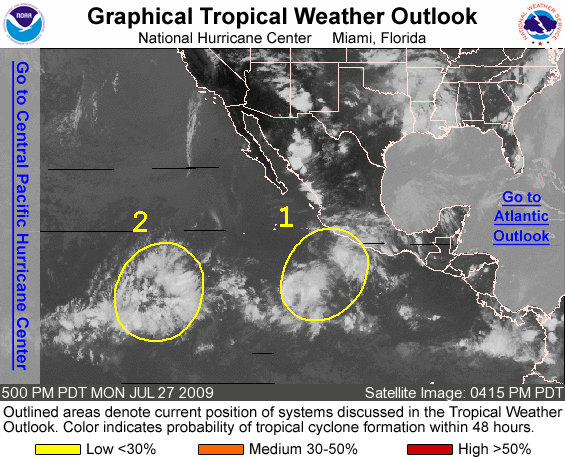
FOR THE EASTERN NORTH PACIFIC...EAST OF 140 DEGREES WEST LONGITUDE..

1. AN AREA OF DISTURBED WEATHER ASSOCIATED WITH A TROPICAL WAVE IS LOCATED SEVERAL HUNDRED MILES SOUTH AND SOUTH-SOUTHWEST OF MANZANILLO MEXICO. THE SHOWER AND THUNDERSTORM ACTIVITY HAS BECOME SEPARATED INTO TWO DISTINCT CLUSTERS...AND DEVELOPMENT...IF ANY... SHOULD BE SLOW TO OCCUR AS THE SYSTEM MOVES WEST TO WEST- NORTHWESTWARD AROUND 10 MPH. THERE IS A LOW CHANCE...LESS THAN 30 PERCENT...OF THIS SYSTEM BECOMING A TROPICAL CYCLONE DURING THE NEXT 48 HOURS.

2. A SECOND AREA OF DISTURBED WEATHER LOCATED ABOUT 1300 MILES SOUTHWEST OF THE SOUTHERN TIP OF BAJA CALIFORNIA HAS CHANGED LITTLE IN ORGANIZATION DURING THE AFTERNOON. DEVELOPMENT OF THIS SYSTEM...IF ANY...IS ALSO EXPECTED TO BE SLOW TO OCCUR AS IT MOVES WESTWARD AROUND 10 TO 15 MPH. THERE IS A LOW CHANCE...LESS THAN 30 PERCENT...OF THIS SYSTEM BECOMING A TROPICAL CYCLONE DURING THE NEXT 48 HOURS.

ELSEWHERE...TROPICAL CYCLONE FORMATION IS NOT EXPECTED DURING THE NEXT 48 HOURS.

FORECASTER BERG